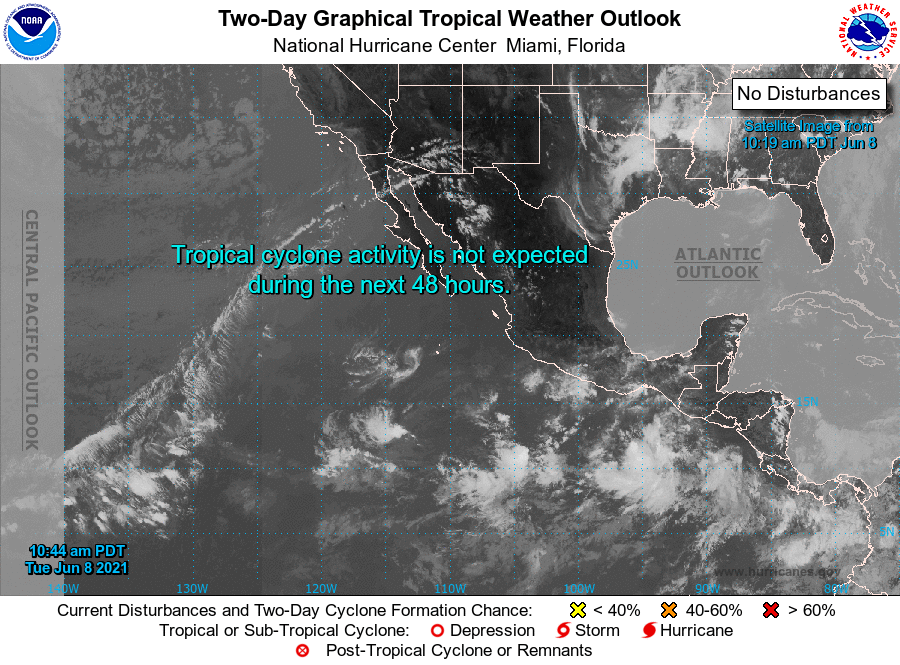
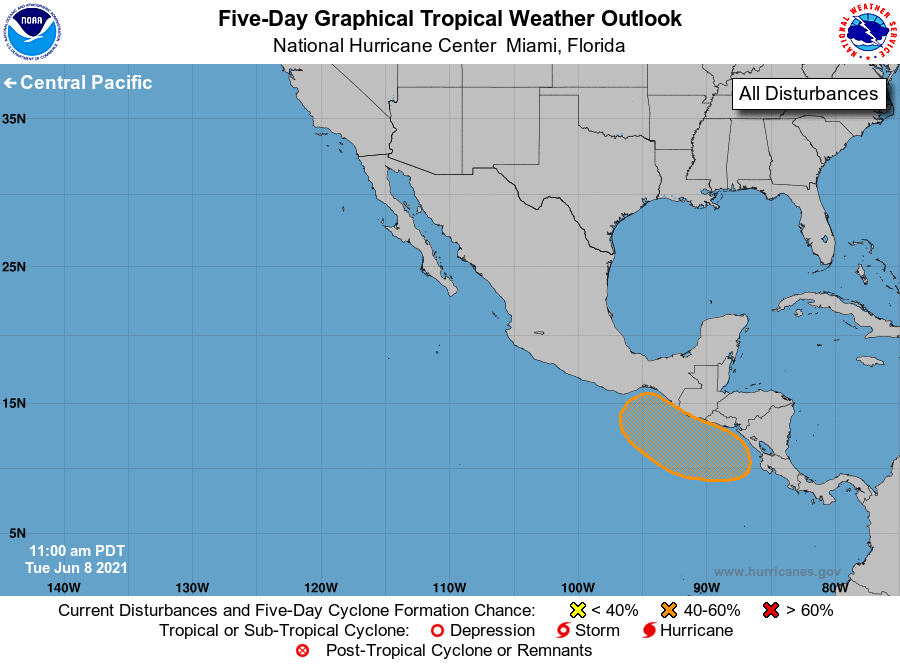
For the eastern North Pacific...east of 140 degrees west longitude:

1. A broad area of low pressure is expected to form a couple of hundred miles south of the coasts of southern Mexico, El Salvador, and Guatemala by Thursday. Environmental conditions appear favorable for some gradual development, and a tropical depression could form by the end of the week or over the weekend as the system drifts generally northward. Regardless of development, this system could produce heavy rainfall over portions of Central America and southern Mexico later this week and into the weekend. See products from your local meteorological service for more information.
* Formation chance through 48 hours...low...near 0 percent.
* Formation chance through 5 days...medium...40 percent.

Forecaster Reinhart/Pasch